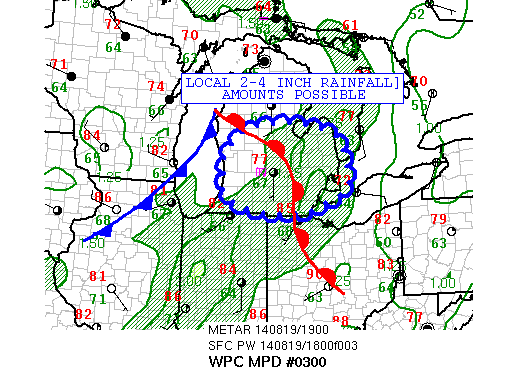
AREAS AFFECTED......LOWER MI...

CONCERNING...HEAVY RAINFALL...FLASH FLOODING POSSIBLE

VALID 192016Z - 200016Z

SUMMARY...CONVECTION MOVING THROUGH A HIGH MOISTURE CONTENT
ENVIRONMENT MAY PRODUCE AS MUCH AS 2 INCHES OF RAINFALL IN AN
HOUR. THIS MUCH RAINFALL COULD RESULT IN FLASH FLOODING THROUGH
00Z.

DISCUSSION...INTENSIFYING CONVECTION MOVING THROUGH THE LOWER
PENINSULA OF MI HAS PRODUCED AS MUCH AS 2 INCHES OF RAINFALL IN AN
HOUR (PER SPOTTER REPORTS) IN AN ENVIRONMENT OF 1.60 INCH
PRECIPITABLE WATER AIR. THE IR LOOP SHOWS COOLING TOPS...AND AS
THE CONVECTION CONTINUES DEVELOPING/MOVING THROUGH THE
REGION...THERE IS THE POTENTIAL FOR TRAINING...POSING THE
POTENTIAL FOR FLASH FLOODING.

PRECIPITABLE WATER VALUES PEAK NEAR 1.75 INCHES IN THE LOW LEVEL
SOUTHWEST FLOW AHEAD OF THE COLD FRONT. THERE IS A MULTI MODEL
SIGNAL IN THE HIGH RESOLUTION GUIDANCE (SUCH AS THE 19Z HRRR...12Z
ARW...NMM AND CONEST) FOR LOCAL 2 TO 4 INCH RAINFALL AMOUNTS
THROUGH 00Z.

ONE HOUR FLASH FLOOD GUIDANCE VALUES ARE AS LOW AS 1.00 TO 1.50
INCHES...ESPECIALLY ACROSS THE EASTERN HALF OF THE AREA. THE
CONVECTION IS MOVING ALONG AT PRESENT...BUT THERE ARE INDICATIONS
IT MAY SLOW AS IT APPROACHES THE EASTERN PORTION OF THE LOWER
PENINSULA...RAISING THE THREAT FOR TRAINING.
GIVEN THE COMBINATION OF RELATIVELY LOW FLASH FLOOD GUIDANCE AND
OBSERVED HIGH RAINFALL RATES...FLASH FLOODING IS POSSIBLE.